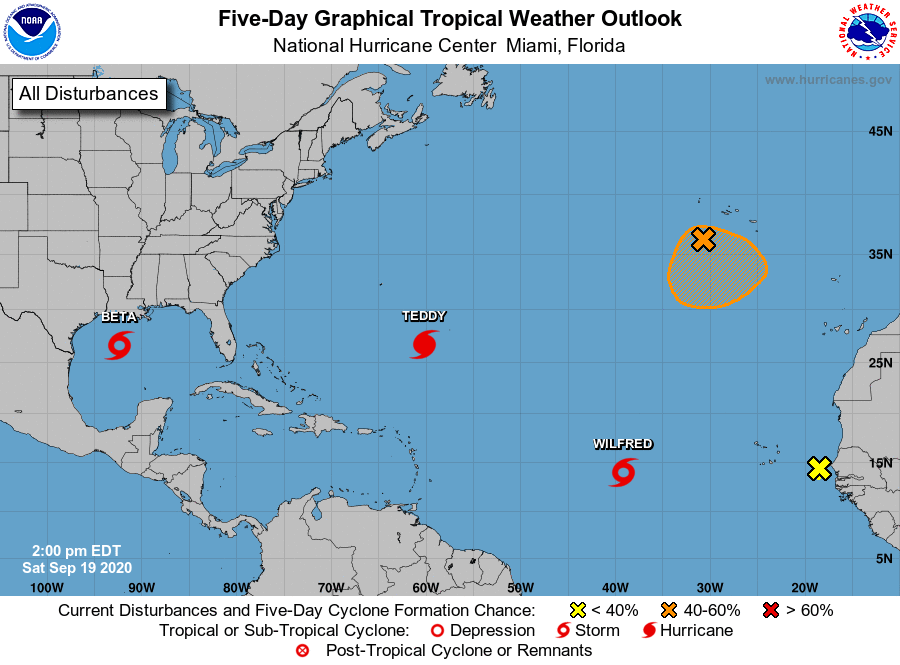
For the North Atlantic...Caribbean Sea and the Gulf of Mexico:

The National Hurricane Center is issuing advisories on Tropical Storm Beta, located over the western Gulf of Mexico, on Hurricane Teddy, located over the central Atlantic, and on Tropical Storm Wilfred, located over the eastern tropical Atlantic.

1. Shower activity has increased a little today in association with Post-Tropical Cyclone Paulette, which is is moving southward a few hundred miles southwest of the Azores. The cyclone is forecast to continue southward for the next day or so and then stall over marginally warm waters a few hundred miles south of the Azores. The cyclone could subsequently develop tropical or subtropical characteristics by early next week while it moves little. For more information about marine hazards associated with this system, see High Seas Forecasts issued by Meteo France.
* Formation chance through 48 hours...medium...50 percent.
* Formation chance through 5 days...medium...60 percent.

2. A tropical wave is located near the west coast of Africa and will move westward over the far eastern Atlantic during the next few days. Development of this system is no longer expected.
* Formation chance through 48 hours...low...near 0 percent.
* Formation chance through 5 days...low...near 0 percent.

High Seas Forecasts issued by Meteo France can be found under WMO header FQNT50 LFPW and available on the web at www.meteofrance.com/previsions-meteo-marine/bulletin/grandlarge/ metarea2

Forecaster Beven